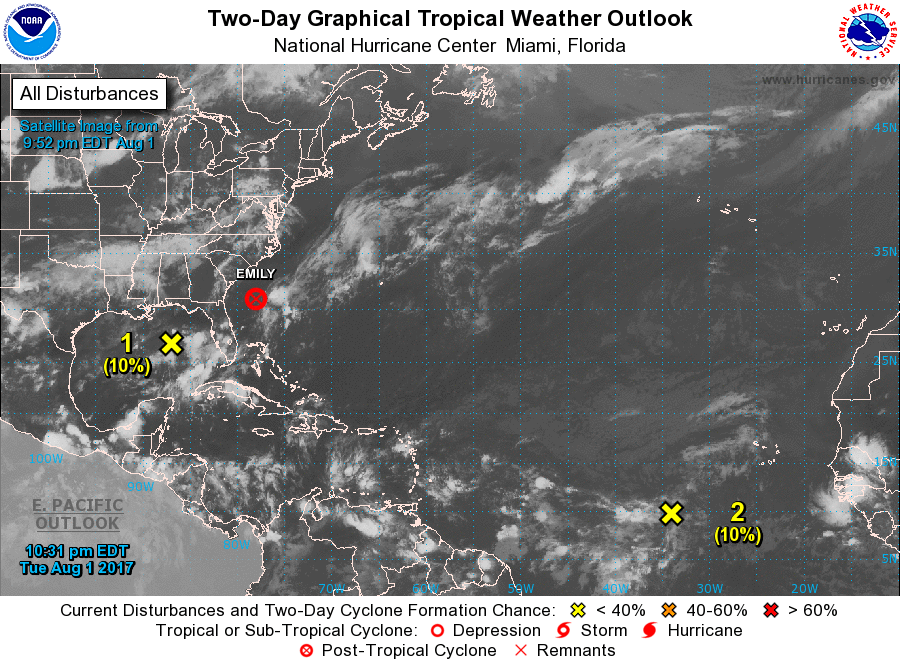
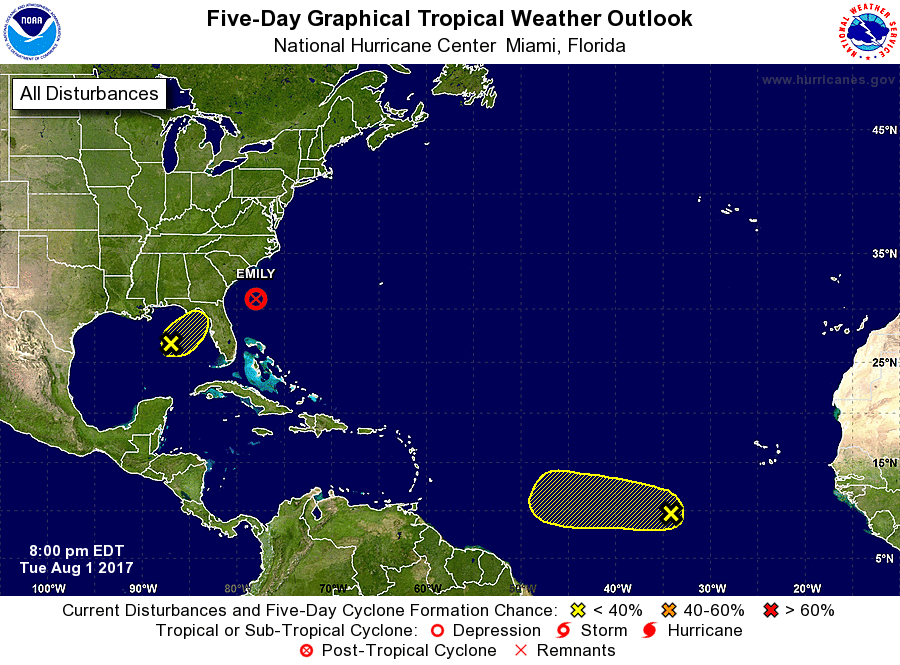
For the North Atlantic...Caribbean Sea and the Gulf of Mexico:

The National Hurricane Center is issuing advisories on Tropical Depression Emily, located over the Atlantic Ocean well to the east of Florida.

1. A small, non-tropical area of low pressure has formed in the central Gulf of Mexico about 250 miles south of Pensacola, Florida. Significant development of this system is not expected due to strong upper-level winds and proximity to dry air. The low is forecast to move northeastward over the Big Bend area of Florida late Wednesday or early Thursday.
* Formation chance through 48 hours...low...10 percent.
* Formation chance through 5 days...low...10 percent.

2. A tropical wave accompanied by a low pressure system is producing a large area of cloudiness and disorganized shower activity several hundred miles southwest of the Cabo Verde Islands. Some slow development is possible during the next few days while the disturbance moves westward at 10 to 15 mph. However, upper-level winds are expected to become less conducive for development by the weekend.
* Formation chance through 48 hours...low...10 percent.
* Formation chance through 5 days...low...20 percent.

Forecaster Blake